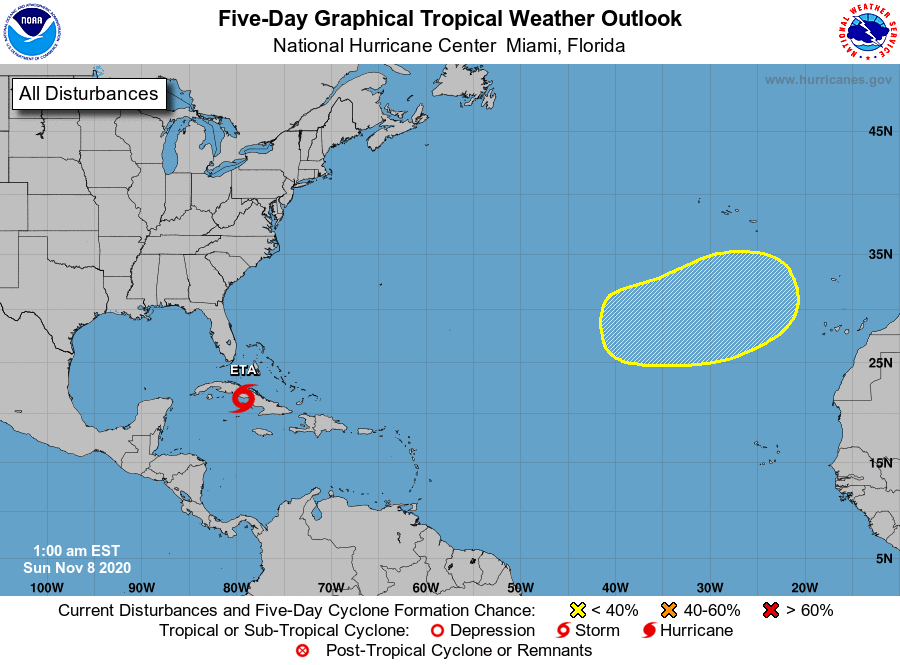
For the North Atlantic...Caribbean Sea and the Gulf of Mexico:

The National Hurricane Center is issuing advisories on Tropical Storm Eta, located near central Cuba.

1. A broad non-tropical low pressure system is expected to form several hundred miles southwest of the Azores within the next couple of days. Any subtropical development of this system is expected to be slow to occur while it moves generally eastward or east-northeastward over the northeastern Atlantic Ocean through the middle of the week.
* Formation chance through 48 hours...low...near 0 percent.
* Formation chance through 5 days...low...20 percent.

Forecaster Latto